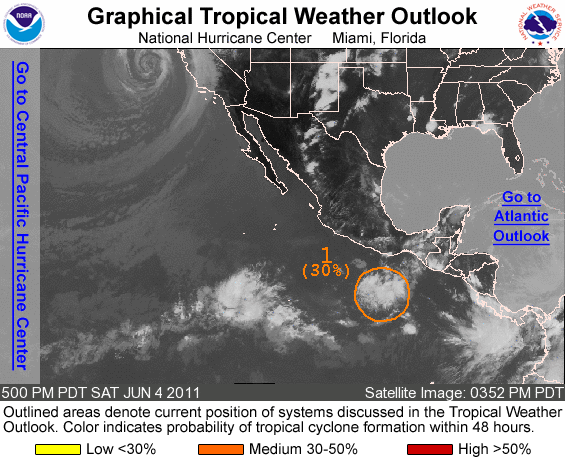
FOR THE EASTERN NORTH PACIFIC...EAST OF 140 DEGREES WEST LONGITUDE..

1. SHOWERS AND THUNDERSTORMS ASSOCIATED WITH A BROAD AREA OF LOW PRESSURE LOCATED SEVERAL HUNDRED MILES SOUTH-SOUTHEAST OF ACAPULCO MEXICO HAVE CHANGED LITTLE IN ORGANIZATION DURING THE LAST SEVERAL HOURS. HOWEVER...ENVIRONMENTAL CONDITIONS APPEAR FAVORABLE FOR GRADUAL DEVELOPMENT OF THIS SYSTEM DURING THE NEXT COUPLE OF DAYS. THERE IS A MEDIUM CHANCE...30 PERCENT...OF THIS SYSTEM BECOMING A TROPICAL CYCLONE DURING THE NEXT 48 HOURS AS IT REMAINS NEARLY STATIONARY.

ELSEWHERE...TROPICAL CYCLONE FORMATION IS NOT EXPECTED DURING THE NEXT 48 HOURS.

FORECASTER KIMBERLAIN/BRENNAN